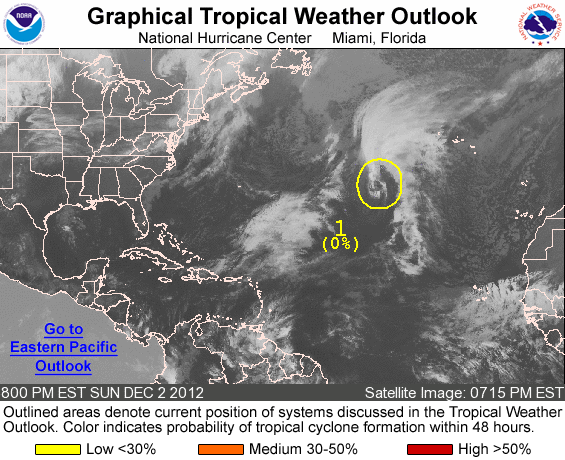
FOR THE NORTH ATLANTIC...CARIBBEAN SEA AND THE GULF OF MEXICO...

1. AN AREA OF LOW PRESSURE LOCATED OVER THE EAST-CENTRAL ATLANTIC OCEAN ABOUT 800 MILES SOUTHWEST OF THE WESTERN AZORES IS PRODUCING AN AREA OF GALE-FORCE WINDS NORTH OF THE CENTER. THIS SYSTEM IS IN THE PROCESS OF ACQUIRING FRONTAL CHARACTERISTICS AND DEVELOPMENT INTO A SUBTROPICAL CYCLONE IS NOT EXPECTED. THIS SYSTEM HAS A LOW CHANCE...NEAR 0 PERCENT...OF BECOMING A SUBTROPICAL CYCLONE DURING THE NEXT 48 HOURS AS IT MOVES NORTHWARD AND THEN NORTHEASTWARD AT 15 TO 20 MPH. THIS WILL BE THE LAST SPECIAL TROPICAL WEATHER OUTLOOK ISSUED ON THIS SYSTEM.

ADDITIONAL INFORMATION CAN BE FOUND IN HIGH SEAS FORECASTS ISSUED BY THE NATIONAL WEATHER SERVICE.

ELSEWHERE...TROPICAL CYCLONE FORMATION IS NOT EXPECTED DURING THE NEXT 48 HOURS.

&&
HIGH SEAS FORECASTS ISSUED BY THE NATIONAL WEATHER SERVICE CAN BE FOUND UNDER AWIPS HEADER NFDHSFAT1 AND WMO HEADER FZNT01 KWBC.

FORECASTER BROWN